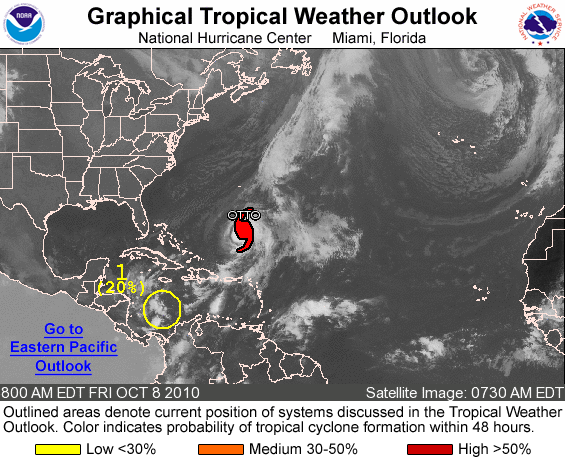
FOR THE NORTH ATLANTIC...CARIBBEAN SEA AND THE GULF OF MEXICO...

THE NATIONAL HURRICANE CENTER IS ISSUING ADVISORIES ON TROPICAL STORM OTTO...LOCATED ABOUT 520 MILES SOUTH OF BERMUDA.

1. CLOUDINESS AND A FEW SHOWERS IN THE SOUTHWESTERN CARIBBEAN SEA ARE ASSOCIATED WITH A BROAD TROUGH OF LOW PRESSURE. ENVIRONMENTAL CONDITIONS APPEAR CONDUCIVE FOR SOME SLOW DEVELOPMENT OF THIS SYSTEM AS IT REMAINS NEARLY STATIONARY DURING THE NEXT FEW DAYS. THERE IS A LOW CHANCE...20 PERCENT...OF TROPICAL CYCLONE FORMATION DURING THE NEXT 48 HOURS.

ELSEWHERE...TROPICAL CYCLONE FORMATION IS NOT EXPECTED DURING THE NEXT 48 HOURS.

FORECASTER KIMBERLAIN